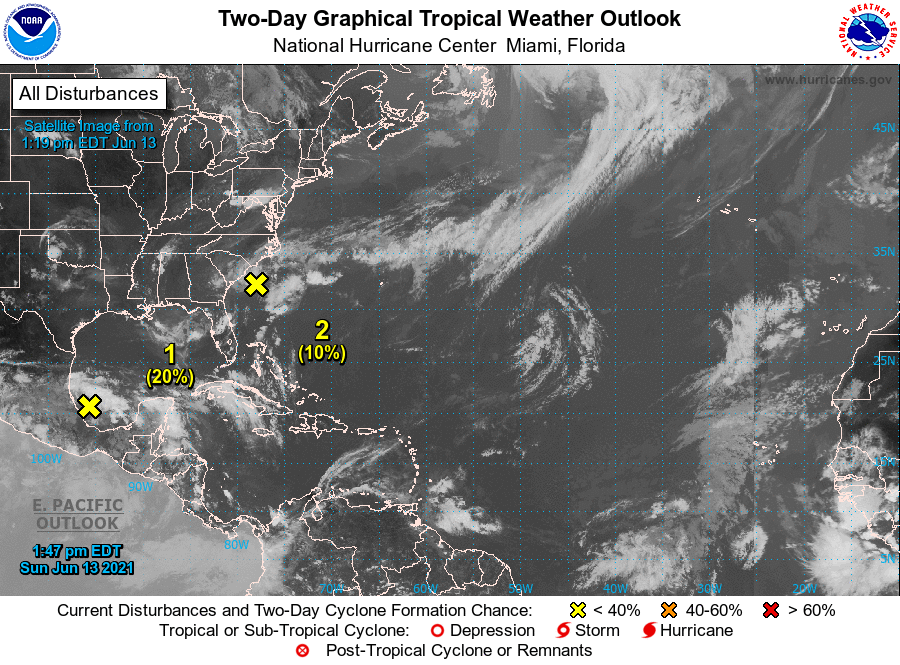
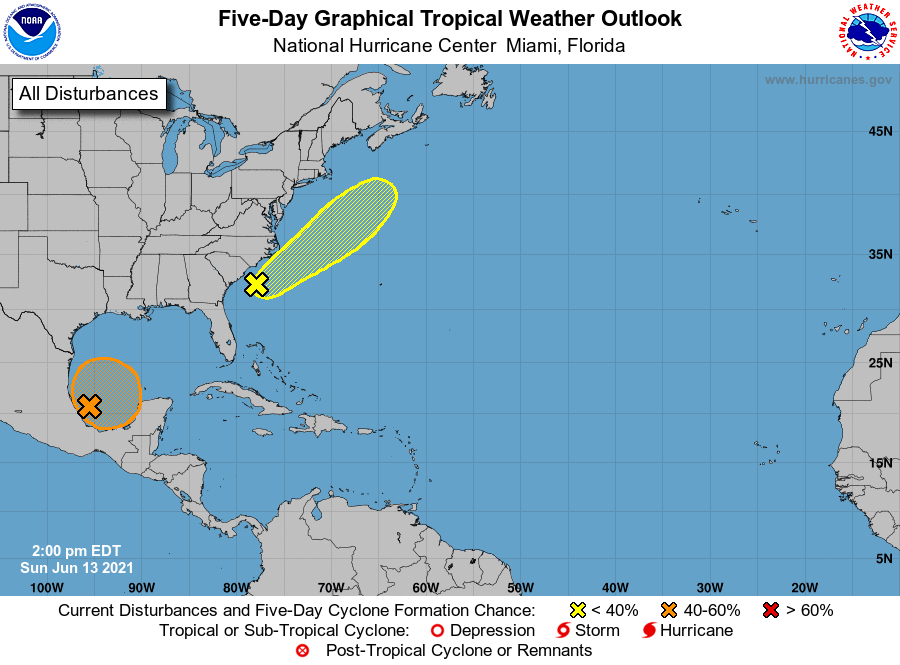
For the North Atlantic...Caribbean Sea and the Gulf of Mexico:

1. A large area of showers and thunderstorms over the Bay of Campeche is associated with a broad low pressure area, and the overall system has become somewhat better organized since yesterday. Slow development is possible during the next few days while the system meanders near the coast of Mexico, and a tropical depression could form late in the week while the system begins to move slowly northward. Regardless of development, heavy rainfall is possible over portions of Central America and southern Mexico during the next several days. Please consult products from your local meteorological service for more information.
* Formation chance through 48 hours...low...20 percent.
* Formation chance through 5 days...medium...50 percent.

2. A non-tropical area of low pressure has formed about 150 miles south of Wilmington, North Carolina and is producing disorganized showers and thunderstorms. This system is forecast to move northeastward for the next few days near the warm Gulf Stream, which could allow for some tropical development to occur while it moves away from the United States. The low should be over cold waters south of Nova Scotia by midweek, ending its development chances.
* Formation chance through 48 hours...low...10 percent.
* Formation chance through 5 days...low...20 percent.

Forecaster Blake